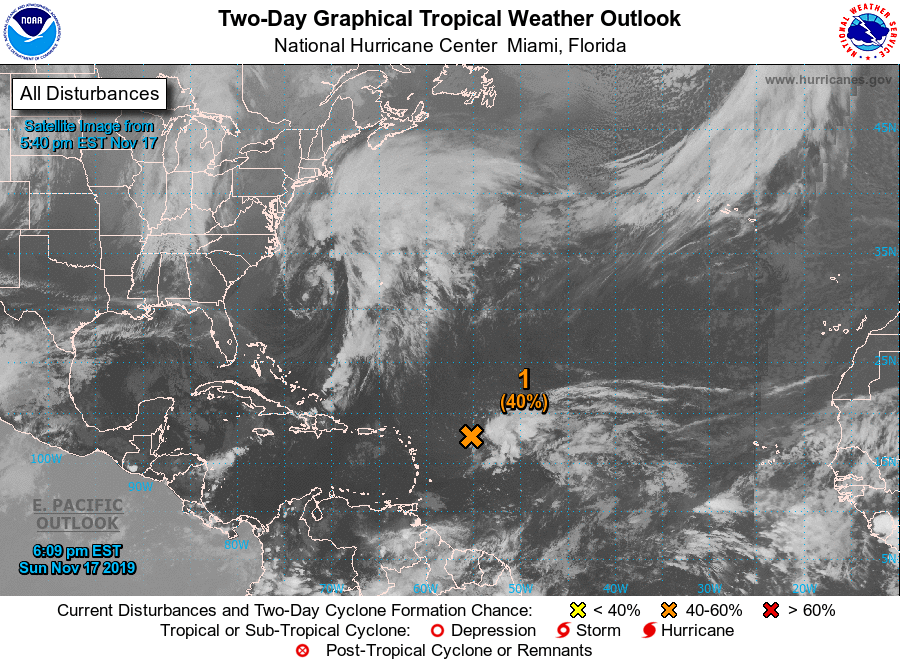
For the North Atlantic...Caribbean Sea and the Gulf of Mexico:

1. A broad area of low pressure about 500 miles east-northeast of the northern Leeward Islands is producing disorganized showers and thunderstorms and strong winds on its northeast side. Gradual development of this system is possible, and a tropical or subtropical depression could form during the next two or three days while it moves northwestward and then northward over the open Atlantic. The disturbance is forecast to merge with a frontal system after midweek and further development is not expected by that time. For more information on this system, see High Seas Forecasts issued by the National Weather Service.
* Formation chance through 48 hours...medium...40 percent.
* Formation chance through 5 days...medium...50 percent.

High Seas Forecasts issued by the National Weather Service can be found under AWIPS header NFDHSFAT1, WMO header FZNT01 KWBC, and online at ocean.weather.gov/shtml/NFDHSFAT1.php

Forecaster Cangialosi